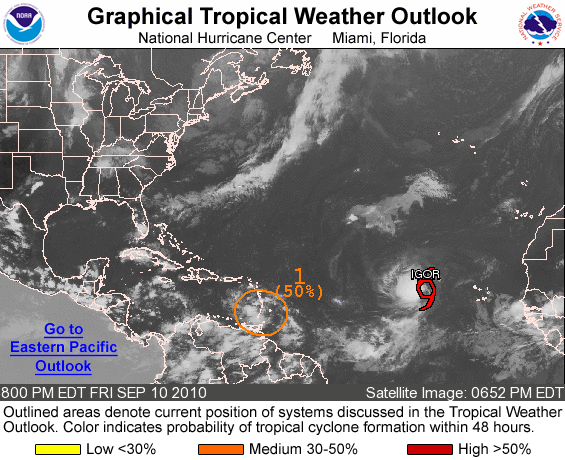
FOR THE NORTH ATLANTIC...CARIBBEAN SEA AND THE GULF OF MEXICO...

THE NATIONAL HURRICANE CENTER IS ISSUING ADVISORIES ON TROPICAL STORM IGOR...LOCATED ABOUT 620 MILES WEST OF THE CAPE VERDE ISLANDS.

1. SHOWER AND THUNDERSTORM ACTIVITY IN ASSOCIATION WITH A LOW PRESSURE SYSTEM NEAR THE WINDWARD ISLANDS REMAINS DISORGANIZED. HOWEVER... DATA FROM ANOTHER NATIONAL SCIENCE FOUNDATION RECONNAISSANCE MISSION INTO AND AROUND THIS SYSTEM CONTINUE TO INDICATE A WELL-DEFINED CIRCULATION. ENVIRONMENTAL CONDITIONS REMAIN CONDUCIVE FOR A TROPICAL DEPRESSION TO FORM DURING THE NEXT COUPLE OF DAYS AS THE SYSTEM MOVES SLOWLY WEST-NORTHWESTWARD. THERE IS A MEDIUM CHANCE...50 PERCENT...OF THIS SYSTEM BECOMING A TROPICAL CYCLONE DURING THE NEXT 48 HOURS.

ELSEWHERE...TROPICAL CYCLONE FORMATION IS NOT EXPECTED DURING THE NEXT 48 HOURS.

FORECASTER MUSHER/KIMBERLAIN